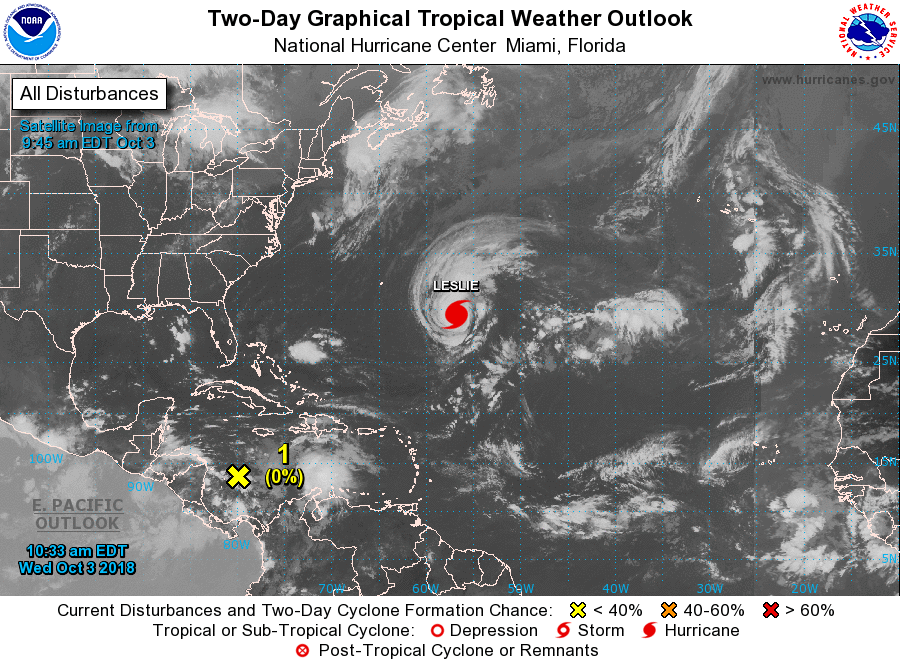
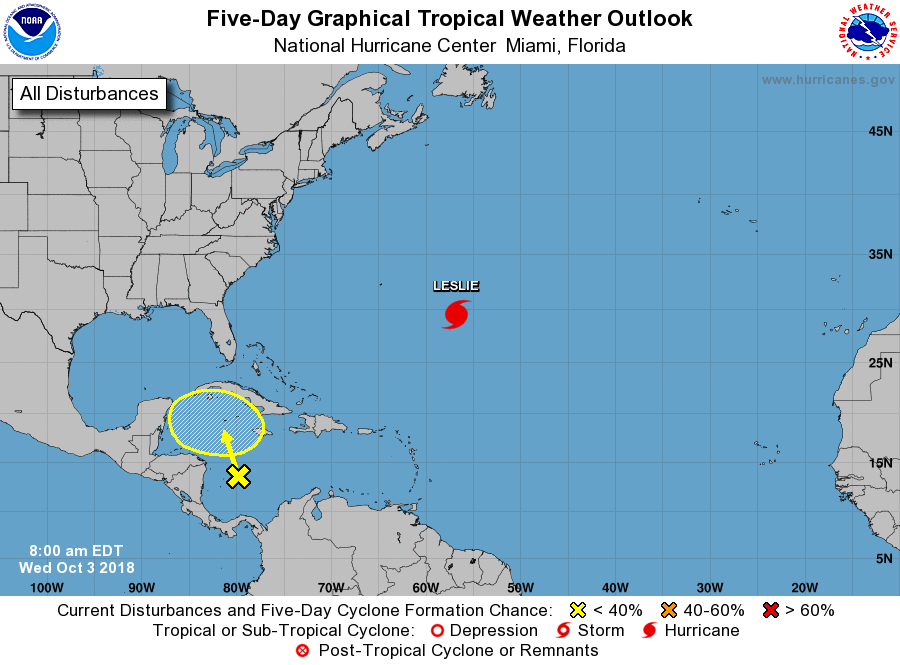
For the North Atlantic...Caribbean Sea and the Gulf of Mexico:

The National Hurricane Center is issuing advisories on recently upgraded Hurricane Leslie, located over the central Atlantic Ocean.

1. Disorganized showers and thunderstorms over the central and southwestern Caribbean Sea are associated with a broad area of low pressure. Some slow development of this system is possible this weekend while the low drifts across the northwestern Caribbean Sea.
* Formation chance through 48 hours...low...near 0 percent.
* Formation chance through 5 days...low...30 percent.

Forecaster Cangialosi